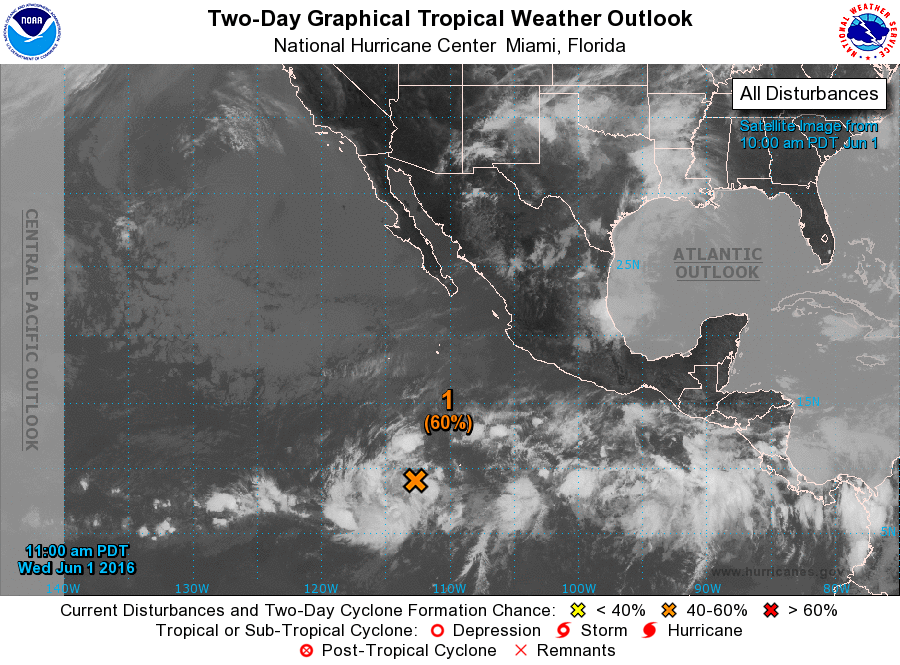
For the eastern North Pacific...east of 140 degrees west longitude:

1. Showers and thunderstorms associated with a broad area of low pressure located about 1000 miles south of the southern tip of the Baja California peninsula have become a little better organized over the past day or so, but the low does not have a well-defined center of circulation. Environmental conditions are expected to be conducive for additional development of this system during the next several days, and a tropical depression is likely to form later this week as the disturbance moves west-northwestward at about 15 mph.
* Formation chance through 48 hours...medium...60 percent
* Formation chance through 5 days...high...90 percent

Forecaster Berg